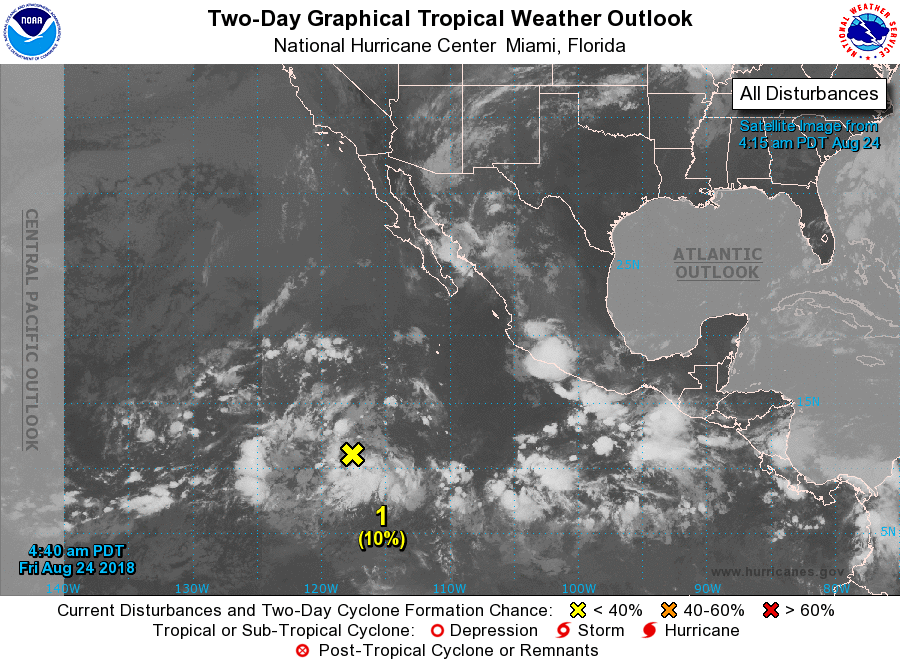
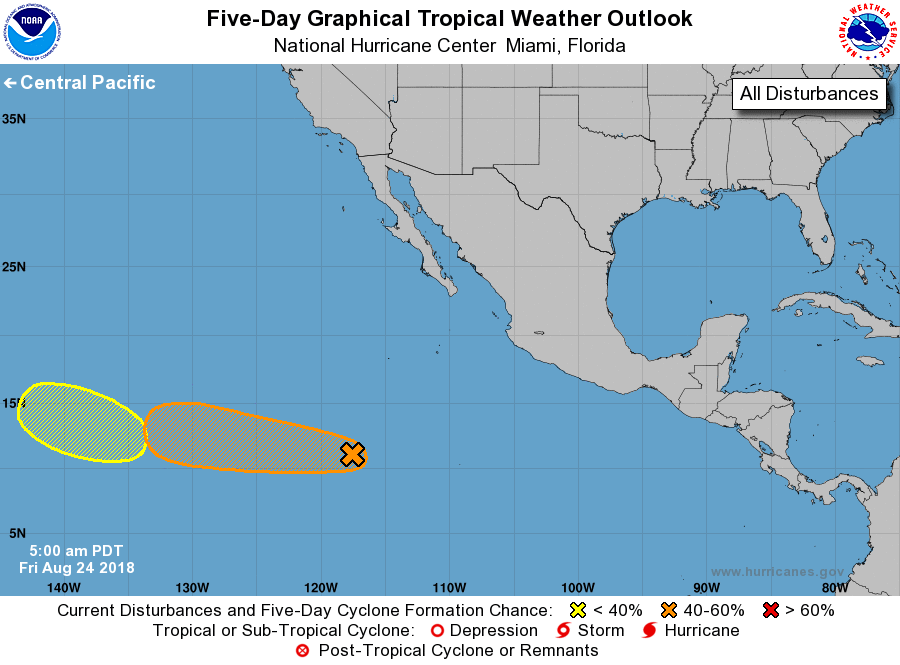
For the eastern North Pacific...east of 140 degrees west longitude:

1. A trough of low pressure located about 1000 miles west-southwest of the southern tip of the Baja California peninsula is producing disorganized showers and thunderstorms. Gradual development of this system is possible during the next several days while the disturbance moves westward around 10 mph.
* Formation chance through 48 hours...low...10 percent.
* Formation chance through 5 days...medium...40 percent.

2. An area of low pressure could form in a few days well to the east-southeast of the Hawaiian Islands. Some slow development of this system is possible next week while it moves westward or west-northwestward at about 10 mph.
* Formation chance through 48 hours...low...near 0 percent.
* Formation chance through 5 days...low...30 percent.

Forecaster Cangialosi